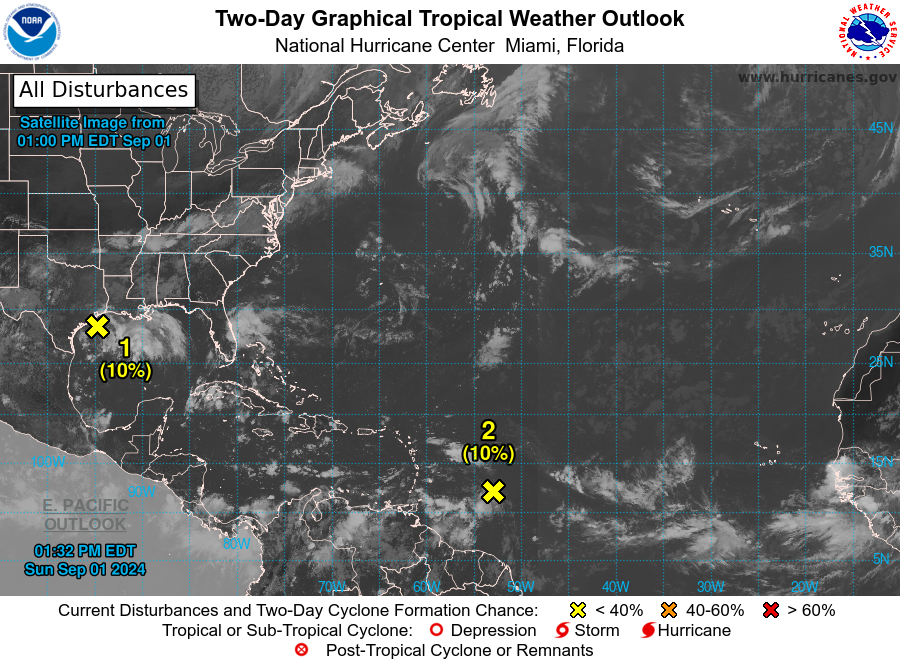
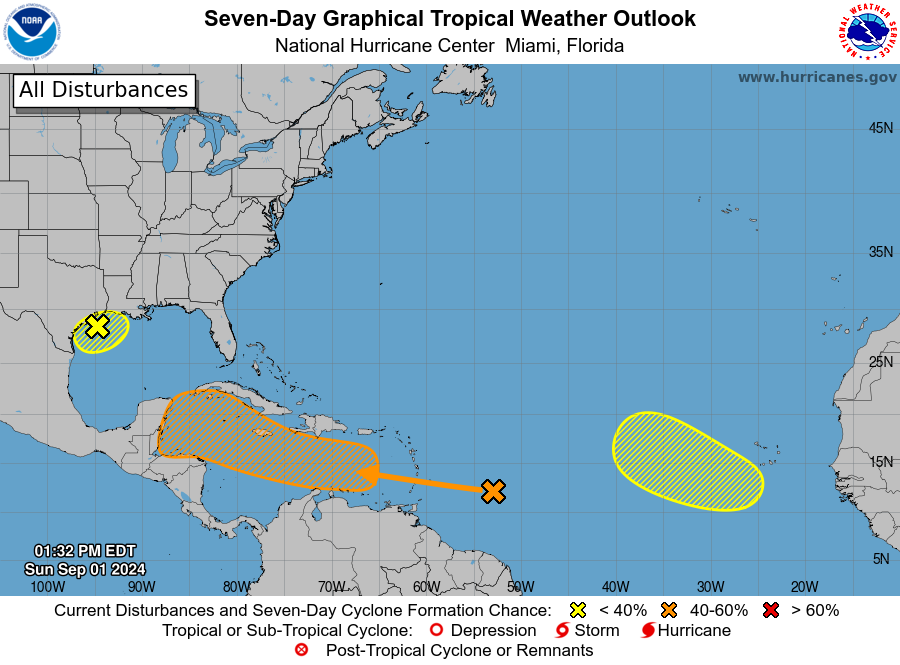
For the North Atlantic...Caribbean Sea and the Gulf of Mexico:

1. Northwestern Gulf of Mexico: A broad area of low pressure just offshore of the upper Texas coast continues to produce some disorganized shower and thunderstorm activity near the coasts of Texas and Louisiana and over the adjacent waters of the northwestern Gulf. This system is expected to meander near the coast for the next couple of days, and some slow development is possible if it remains offshore. By Tuesday, the system is forecast to move inland, and further development is not expected. Regardless, heavy rains could cause some flash flooding across portions of coastal Louisiana and the upper Texas coast during the next couple of days.
* Formation chance through 48 hours...low...10 percent.
* Formation chance through 7 days...low...10 percent.

2. Near the Lesser Antilles and Caribbean Sea: Shower activity associated with a tropical wave located several hundred miles east of the Lesser Antilles has changed little in organization since yesterday. The disturbance is expected to move westward and reach the Lesser Antilles on Monday, then cross the eastern Caribbean Sea on Tuesday. Environmental conditions are forecast to become more conducive for development while the system moves across the central and western Caribbean Sea during the middle and latter parts of the week, and a tropical depression could form during that time. Regardless of development, this system could result in some gusty winds and locally heavy rainfall over portions of the Lesser Antilles on Monday.
* Formation chance through 48 hours...low...10 percent.
* Formation chance through 7 days...medium...40 percent.

3. Eastern Tropical Atlantic Ocean: A tropical wave over western Africa is forecast to move offshore by Monday. Thereafter, environmental conditions could support some slow development of this system throughout the week while it moves slowly westward or west-northwestward over the eastern tropical Atlantic Ocean.
* Formation chance through 48 hours...low...near 0 percent.
* Formation chance through 7 days...low...20 percent.

Forecaster Reinhart